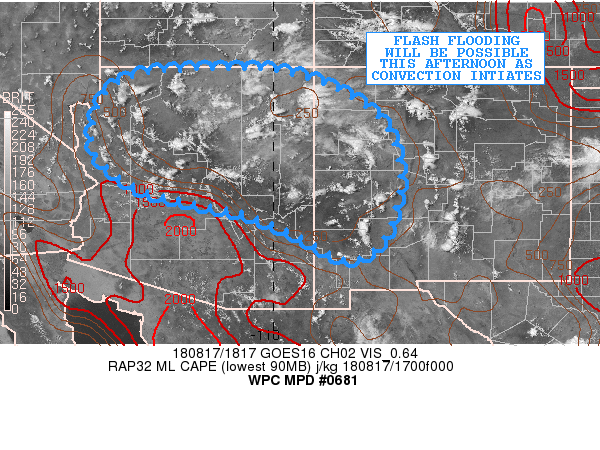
Areas affected...Central/Northern AZ...Western NM

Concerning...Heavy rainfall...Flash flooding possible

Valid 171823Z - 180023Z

Summary...Slow-moving showers and thunderstorms with heavy
rainfall rates are expected this afternoon. Some flash flooding
will be possible.

Discussion...The latest GOES-16 visible satellite imagery is
showing some convective initiation locally over the higher terrain
of central/northern AZ, especially over the Mogollon Rim, as well
as areas of western NM. Over the next few hours, as strong diurnal
heating continues and boundary layer instability increases, expect
more coverage of showers and thunderstorms with a focus on the
orographically favored areas. However, the expectation for this
afternoon is that the coverage will not be quite as robust as
yesterday owing to the fact that the thermodynamic profiles are
overall a tad weaker by comparison.

Nevertheless, the PWATS across the region remain rather high and
are generally a solid 1.5 to 2 standard deviations above normal.
This will be conducive to driving enhanced rainfall rates that may
approach 2 inches/hr. The steering flow across the region is quite
weak, and so all of the convective cells should be very
slow-moving which will be capable of enhancing the storm totals on
a very small scale. On the other hand, it should be noted that
with such weak shear profiles/mid level flow, the convection will
be highly disorganized and of a pulse type where individual cells
will not be sustainable for an extended period of time.

A consensus of the 12Z hires guidance and recent HRRR runs support
the potential for as much as 2 to 3 inches locally through 00Z.
This may result in some flash flooding. Will continue to monitor
through the afternoon.